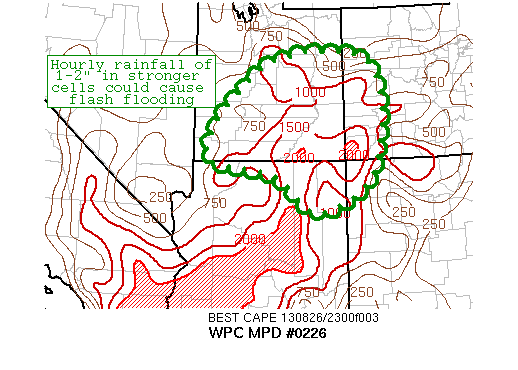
AREAS AFFECTED...NORTHERN AZ...SOUTHERN UT...SOUTHWESTERN CO

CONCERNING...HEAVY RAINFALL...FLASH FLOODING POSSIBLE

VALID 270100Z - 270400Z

SUMMARY...SCATTERED THUNDERSTORMS CONTINUE GROWING IN COVERAGE AS
THEY MOVE ACROSS PORTIONS OF UT AND SOUTHWESTERN CO.  REGIONAL
FLASH FLOODING IS POSSIBLE IN AREAS WHERE CELLS TRAIN THROUGH 04Z.

DISCUSSION...SCATTERED THUNDERSTORMS ARE SPREADING ACROSS SOUTHERN
UT, AND SOUTHWEST CO, PER RECENT RADAR AND SATELLITE IMAGERY.  THE
REGION HAS CAPE VALUES AROUND 2000 J/KG DUE TO SOLAR INSOLATION TO
THE EAST OF A BAND OF CLOUDS EXTENDING FROM THE CYCLONE ONCE KNOWN
AS IVO -- LOCATED WEST OF BAJA CALIFORNIA.  DIVERGENCE ALOFT IS
BEING CAUSED PRIMARILY BY AN UPPER-LEVEL TROUGH ACROSS THE PACIFIC
NORTHWEST.  PRECIPITABLE WATER VALUES ARE IN THE 1.25-1.75 INCH
RANGE ACROSS THIS REGION, WHICH IS NEAR THE 90TH PERCENTILE FOR
LATE AUGUST AND SHOULD ALLOW FOR ABOVE AVERAGE PRECIPITATION
EFFICIENCY FOR THE REGION.  THE STRONGER CELLS ARE EXPECTED TO
HAVE RAINFALL RATES OF 1-2" PER HOUR.

LOW-LEVEL WIND SHEAR VALUES DO NOT APPEAR TO BE SUFFICIENT TO
ORGANIZE CONVECTION A GREAT DEAL.  CELL TRAINING IS POSSIBLE, WHICH
COULD LEAD TO LOCAL RAINFALL AMOUNTS OF 2-4 INCHES.  REGIONAL
FLASH FLOODING IS CONSIDERED POSSIBLE UNTIL 04Z, WHEN THE LATEST
HRRR/RAP GUIDANCE INDICATES PRECIPITATION ACTIVITY SHOULD BE ON
THE DOWNTURN DUE TO EXHAUSTING CAPE.  THIS ISSUANCE ACCOUNTS FOR
RECENT RADAR AND SATELLITE TRENDS WHICH SHOW THUNDERSTORMS EXITING
THE MPD #0225 AREA INTO THIS REGION.